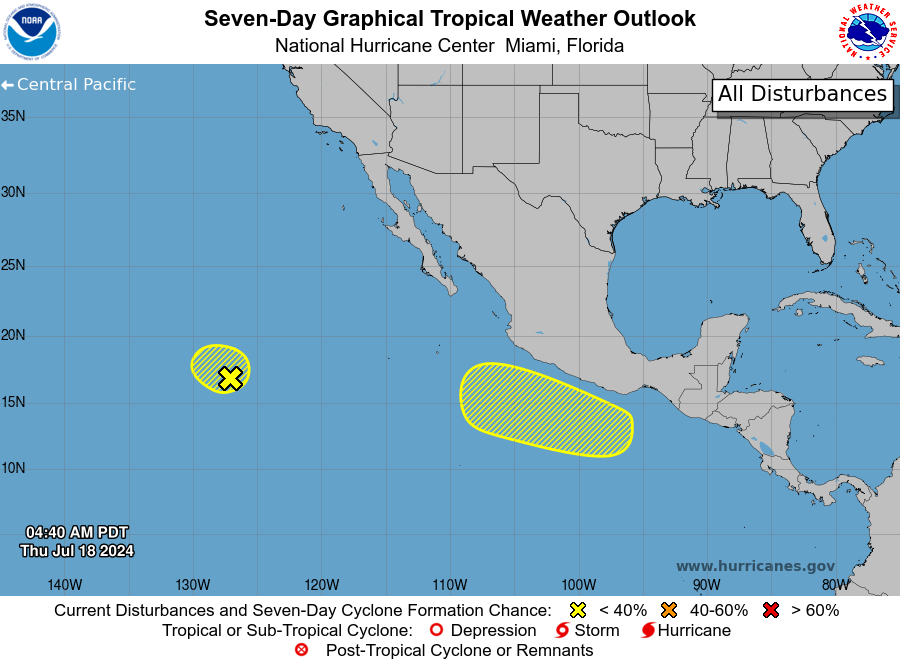
For the eastern North Pacific...east of 140 degrees west longitude:

1. Western East Pacific (EP92): A broad area of low pressure located more than one thousand miles west-southwest of the southern tip of the Baja California peninsula is producing disorganized showers and thunderstorms well removed from its center. Environmental conditions are becoming less conducive, with stronger upper-level winds and cooler waters, and further development of this system is unlikely. The low is forecast to move generally west-northwestward at about 10 mph across the western part of the basin.
* Formation chance through 48 hours...low...10 percent.
* Formation chance through 7 days...low...10 percent.

2. South of Southern Mexico: An area of low pressure could form by this weekend a few hundred miles south of the coast of southern Mexico. Thereafter, some slow development of this system is possible by the middle of next week while it moves westward to west-northwestward at 10 to 15 mph.
* Formation chance through 48 hours...low...near 0 percent.
* Formation chance through 7 days...low...20 percent.

Forecaster Pasch